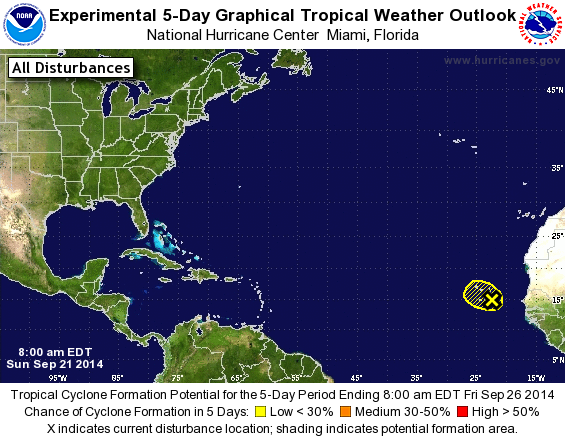
For the North Atlantic...Caribbean Sea and the Gulf of Mexico:

1. An elongated area of low pressure continues to produce disorganized cloudiness and showers near and to the southeast of the Cape Verde Islands. Environmental conditions are not conducive for development, and tropical cyclone formation is not expected. However, the low is forecast to move slowly northwestward and could bring heavy rainfall to portions of the Cape Verde Islands during the next couple of days.
* Formation chance through 48 hours...low...near 0 percent.
* Formation chance through 5 days...low...near 0 percent.

Forecaster Pasch